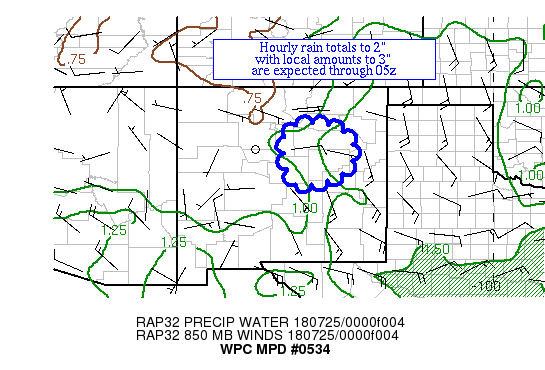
Areas affected...Portions of eastern NM

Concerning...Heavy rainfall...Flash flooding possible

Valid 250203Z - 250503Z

Summary...A thunderstorm cluster continues drifting southeast
across northeast NM.  Hourly rain totals to 2" with local amounts
to 3" are expected through 05z.

Discussion...A thunderstorm cluster with a broad area of cold
cloud tops per Clean IR imagery is drifting southeast through
northeast NM under the base of a weak shortwave moving through
northern CO and ahead of another weak shortwave moving through
southern UT.  MU CAPE in the vicinity of the cluster is 2000-3000
J/kg.  Precipitable water values of 1-1.25" lie across the area.
Effective bulk shear of ~25 kts is allowing the cluster to have
some level of organization.

The mesoscale guidance is not doing a good job with the placement
of this cluster of convection.  The 18z HREF probabilities of 1"+
an hour suggest that rain totals with the cluster should slowly
fade from here on out through 05z.  It is located in the middle of
the instability pool now and should continue dropping southeast to
east-southeast, though with increasing forward speed, reaching ~15
kts.  The breadth of the cluster should winnow with time.  Until
it weakens and/or picks up its pace, hourly rain totals to 2" with
local amounts of 3" are possible,